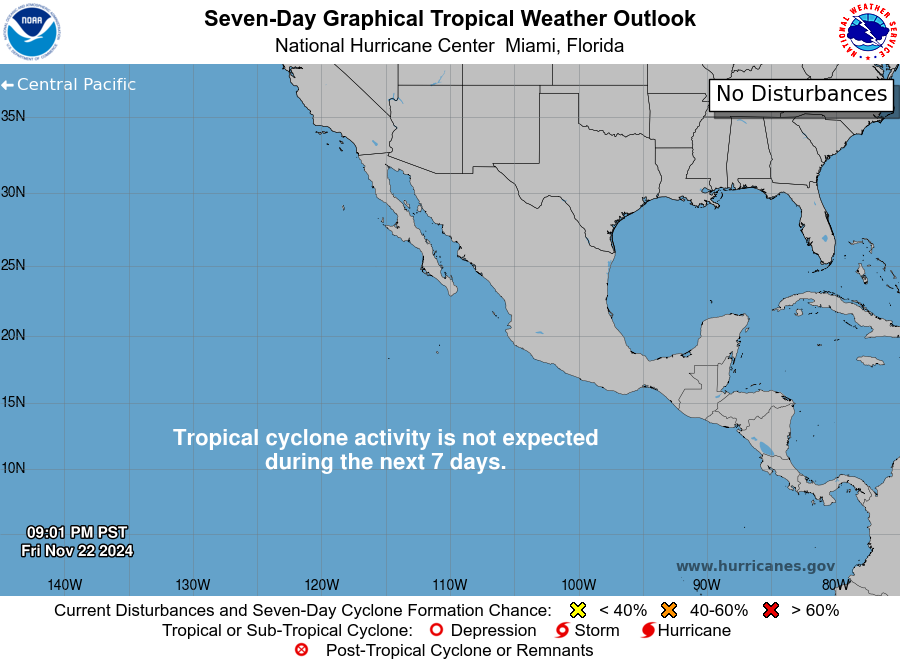
For the eastern North Pacific...east of 140 degrees west longitude:

Tropical cyclone formation is not expected during the next 7 days.

Forecaster Kelly